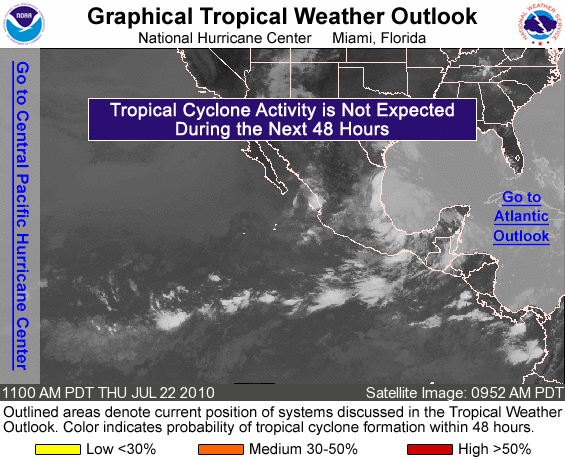
FOR THE EASTERN NORTH PACIFIC...EAST OF 140 DEGREES WEST LONGITUDE..

TROPICAL CYCLONE FORMATION IS NOT EXPECTED DURING THE NEXT 48 HOURS.

FORECASTER ROBERTS/AVILA